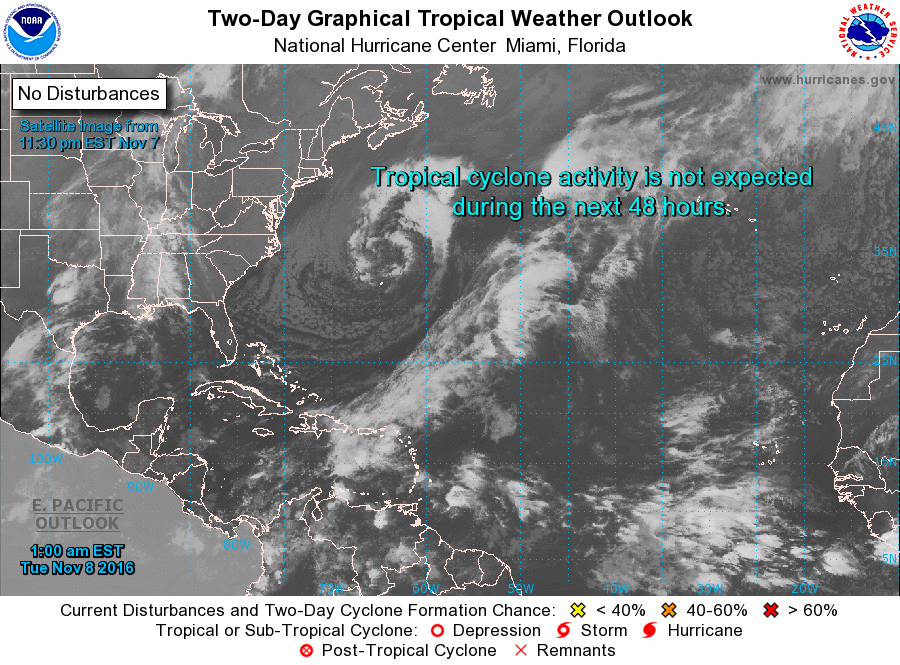
For the North Atlantic...Caribbean Sea and the Gulf of Mexico:

Tropical cyclone formation is not expected during the next 5 days.

Forecaster Cangialosi